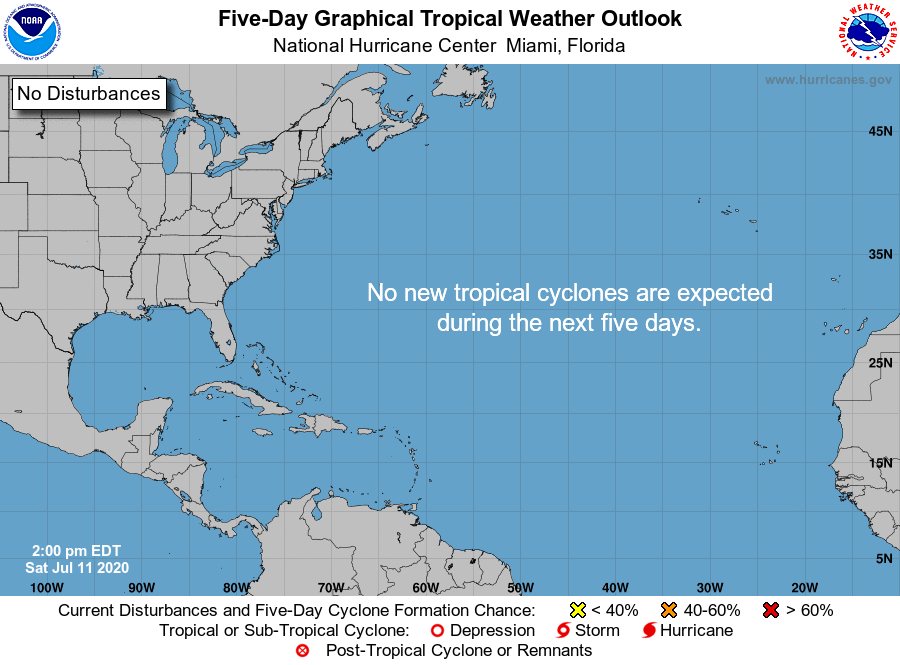
For the North Atlantic...Caribbean Sea and the Gulf of Mexico:

Tropical cyclone formation is not expected during the next five days.

Forecaster Latto